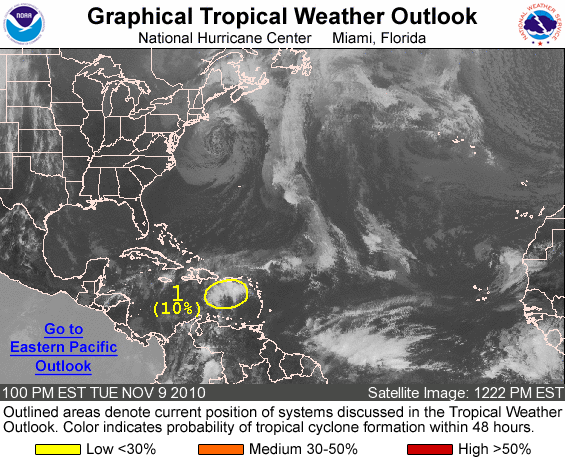
FOR THE NORTH ATLANTIC...CARIBBEAN SEA AND THE GULF OF MEXICO...

1. DISORGANIZED SHOWERS AND THUNDERSTORMS OVER THE NORTHEASTERN CARIBBEAN SEA ARE ASSOCIATED WITH A SURFACE TROUGH AND WEAK LOW PRESSURE AREA. ENVIRONMENTAL CONDITIONS ARE ONLY MARGINALLY FAVORABLE...AND DEVELOPMENT...IF ANY...OF THIS DISTURBANCE SHOULD BE SLOW TO OCCUR. THERE IS A LOW CHANCE...10 PERCENT...OF THIS SYSTEM BECOMING A TROPICAL CYCLONE DURING THE NEXT 48 HOURS. REGARDLESS OF DEVELOPMENT...THIS DISTURBANCE IS EXPECTED TO PRODUCE LOCALLY HEAVY RAINFALL OVER PORTIONS OF THE NORTHERN LEEWARD ISLANDS AND PUERTO RICO DURING THE NEXT DAY OR TWO.

ELSEWHERE...TROPICAL CYCLONE FORMATION IS NOT EXPECTED DURING THE NEXT 48 HOURS.

FORECASTER BROWN